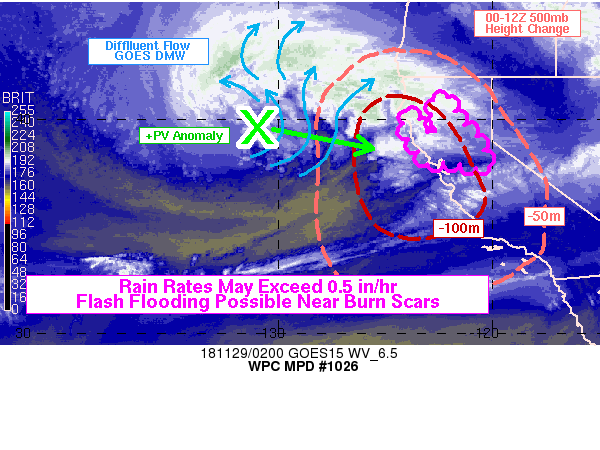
Areas affected...Northern California

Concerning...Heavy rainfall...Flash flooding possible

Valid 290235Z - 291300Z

Summary...Heavy rain may affect portions of Northern Cailfornia
tonight, with rain rates over 0.5 in/hr in some areas. Some of the
rain bands could be convective in nature, with over 0.5 inch of
rain falling in as little as 20-30 minutes, which could produce
flash flooding in and near recent burn scar areas.

Discussion...GOES West water vapor imagery shows a strong +PV
anomaly near 40N/131W, and this is projected by model consensus to
shift east-southeast toward the northern California coast tonight.
12hr height falls become maximized around 12-15Z, suggesting that
the strongest forcing will arrive later in the night. This
corresponds with an increase in most-unstable LI, largely after
06Z, with values of -1 to -3C spreading well inland into the
Sacramento Valley. Therefore, after 06Z is when the primary wave
of rain should arrive, and based on the 18Z HREF, much of the
northern coastal ranges, Napa Valley, and Sacramento Valley region
should be affected. With moderate amounts of instability
available, convective banding seems to be a reasonable
expectation, and thus rain rates could be actually more focused
into short time periods than traditional model QPFs would suggest.

Certainly, rain rates of 0.5 in/hr appear likely to occur in some
portions of the region, and this could lead to flash flooding in
the vicinity of burn scars. However, it also seems possible that
the 0.5+ inches of rainfall could fall in as little as 20-30
minutes depending on the degree of convective banding, which could
potentially lead to more significant landslides and flash flooding
in the vicinity of burn scars. The main limiting factor will be a
lack of more anomalous moisture, with higher PWs above the 90th
percentile (for this time of year) generally focused further
south. Nevertheless, LI values falling below -2C (as forecast by
the RAP) are not observed too often in northern California and
this should be considered with respect to rain rates. There are
also a large number of burn scars in the vicinity of the northern
California coastal ranges and Napa Valley, and some of the heavier
rain rates could intersect these locations.

Prior to the arrival of the main wave of heavy rain, scattered
convection will be possible. KBBX radar shows some thunderstorms
already, with a few lightning strikes and cloud flashes noted over
the past couple hours in the I-5 corridor. RAP analysis at 02Z
already has 100-200 j/kg of MUCAPE situated in the northern
Sacramento Valley, with GPS-PW observations on the order of 0.7 to
0.8 inches. This should be sufficient for some isolated 0.5 in/hr
rain rates even before the stronger height falls arrive. Some of
the convection was drifting in the general direction of the Carr
Fire. Although instability does seem to decrease further north in
the valley, the ongoing band of convection does merit monitoring.